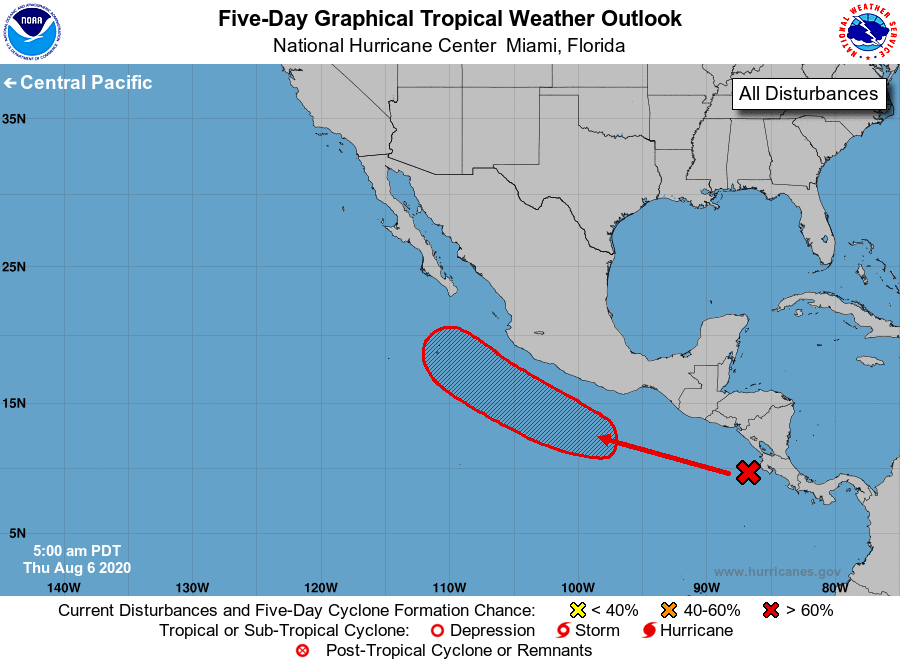
For the eastern North Pacific...east of 140 degrees west longitude:

1. Disorganized showers and thunderstorms over the far eastern Pacific just west of Central America are associated with a tropical wave. Environmental conditions are forecast to become increasingly conducive for development, and a tropical depression is likely to form early next week while the system moves generally west- northwestward, roughly a couple of hundred miles offshore of southwestern Mexico and Baja California Sur.
* Formation chance through 48 hours...low...10 percent.
* Formation chance through 5 days...high...70 percent.

Forecaster Blake